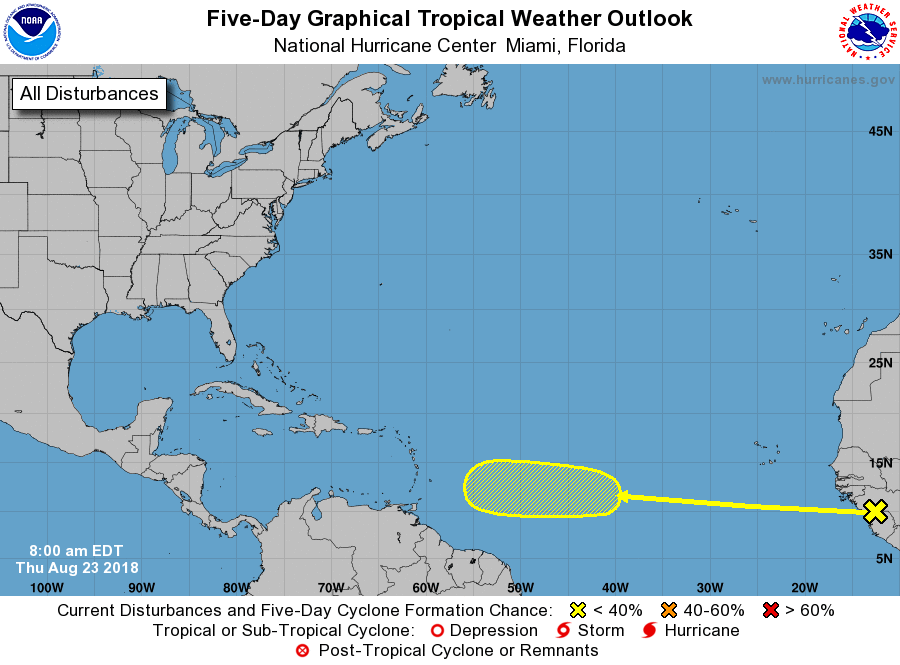
For the North Atlantic...Caribbean Sea and the Gulf of Mexico:

1. A tropical wave is forecast to emerge off the west coast of Africa early Friday and then move quickly westward at about 20 mph. No development is expected during the next few days, but environmental conditions could become a little more conducive for some development of the wave early next week over the central tropical Atlantic Ocean.
* Formation chance through 48 hours...low...near 0 percent.
* Formation chance through 5 days...low...10 percent.

Forecaster Berg